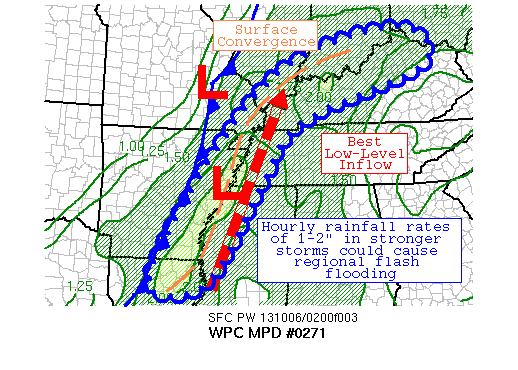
AREAS AFFECTED...PORTIONS OF THE MS AND OH RIVER VALLEYS

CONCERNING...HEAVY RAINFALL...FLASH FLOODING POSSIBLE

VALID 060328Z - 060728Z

SUMMARY...MULTIPLE WAVES OF THUNDERSTORMS ARE TRAINING OVER
INCREASINGLY SATURATED GROUND ACROSS PORTIONS OF THE MS AND OH
RIVER VALLEYS.  REGIONAL FLASH FLOODING IS CONSIDERED POSSIBLE IN
THIS REGION THROUGH 07Z.

DISCUSSION...A BROAD, BROKEN ARC OF THUNDERSTORMS STRETCHES FROM
NORTHERN LA UP THE MS RIVER VALLEY TO PADUCAH, KY AND THEN
EAST-NORTHEAST TOWARDS CINCINNATI OH.  THE BAND APPEARS TO BE
FOCUSING NEAR A LONG PRE-FRONTAL TROUGH, WITH NEW ACTIVITY
OCCASIONALLY DEVELOPING ALONG THE UPSTREAM COLD FRONT, WITH NEW
CONVECTION MOVING INTO THE REGION FROM TIME TO TIME.  PRECIPITABLE
WATER VALUES ARE IN THE RANGE OF 1.75-2 INCHES, WHICH ARE BETWEEN
THE 90TH AND 95TH PERCENTILES FOR EARLY OCTOBER, WHICH IS LEADING
TO EFFICIENT RAINFALL RATES IN THE STRONGER CELLS OF 1-2" PER HOUR
PER RADAR ESTIMATES.  LOW-LEVEL INFLOW OF 35-40 KNOTS IS GENTLY
CONVERGENT INTO THE BOUNDARY.  WHEN COMBINED WITH CAPE VALUES OF
1000-1500 J/KG, THE ENVIRONMENT FAVORS WET MACROBURST MULTICELLS.
THE 850-400 HPA MEAN FLOW IS PARALLEL TO THE FRONTAL ZONE,
IMPLYING THAT CELL TRAINING IS POSSIBLE.  DIVERGENCE ALOFT IS
BEING CAUSED BY A DEEP CYCLONE NEAR THE SD/NE/IA BORDER JUNCTION.
FLASH FLOOD GUIDANCE VALUES ACROSS THE REGION HAVE LOWERED SINCE
EARLY THIS AFTERNOON DUE TO THE ONGOING HEAVY RAINFALL, LYING
ROUGHLY NEAR 2.5 INCHES/3 HOURS, WITH SMALL POCKETS OF LOWER
GUIDANCE NEAR THE CONFLUENCE OF THE OH/MS RIVERS, ACROSS SOUTHEAST
AR, AND ALONG PORTIONS OF THE OH RIVER VALLEY.

THE GUIDANCE INDICATES THAT A SLOW EASTWARD PROGRESSION IS
EXPECTED OVERNIGHT.  THE MESOSCALE GUIDANCE IS UNANIMOUS IN
PRODUCING HEAVY RAINS ACROSS THE REGION DURING THE 03Z-09Z TIME
FRAME, ON THE ORDER OF 2-5 INCHES.  DUE TO SLIGHTLY STRENGTHENING
LOW-LEVEL INFLOW, CORFIDI VECTORS ARE RELATIVELY LIGHT OVER THE
NEXT SEVERAL HOURS.  SINCE THE ARCING BAND OF THUNDERSTORMS IS
BROKEN/SEGMENTED, BELIEVE REGIONAL FLASH FLOODING IS POSSIBLE --
RATHER THAN LIKELY -- ACROSS THIS AREA.  THE 12Z ARW INDICATES
EXISTING CAPE VALUES BECOME EXHAUSTED AROUND 07Z, SIMILAR TO THE
ENVIRONMENT SEEN ACROSS THE REGION OVER THE PAST FEW NIGHTS.  DUE
TO THIS, USED A VALID TIME NEAR 07Z.